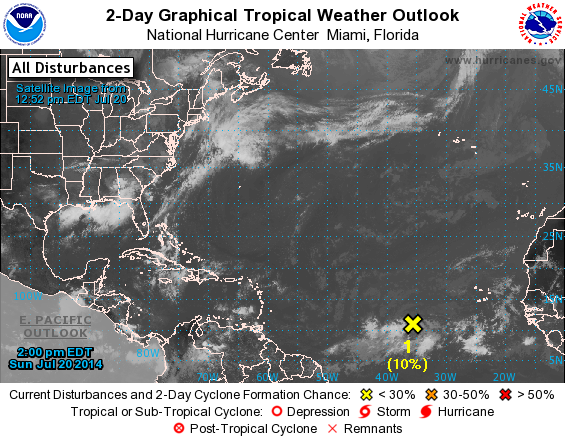
For the North Atlantic...Caribbean Sea and the Gulf of Mexico:

1. A broad area of low pressure, associated with a tropical wave, is located over the eastern Atlantic Ocean about midway between the west coast of Africa and the Leeward Islands. Showers and thunderstorms are currently disorganized, and any development during the next day or two should be slow to occur. Beyond a couple of days, environmental conditions are expected to become unfavorable for development while the system moves westward at 15 to 20 mph.
* Formation chance through 48 hours...low...10 percent.
* Formation chance through 5 days...low...10 percent.

Forecaster Cangialosi/Brennan